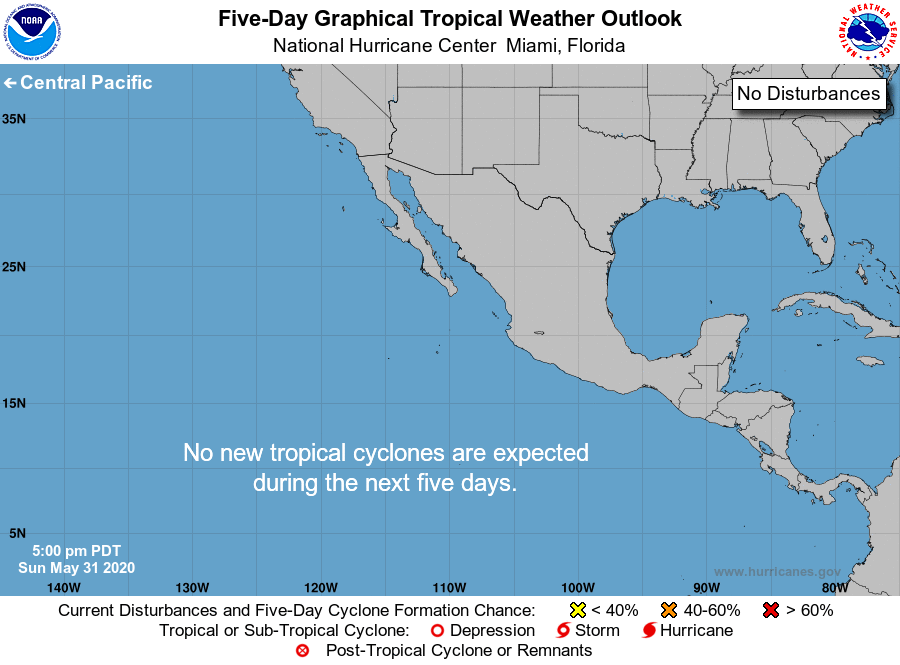
For the eastern North Pacific...east of 140 degrees west longitude:

The National Hurricane Center has issued its last advisory on the remnants of Amanda, located inland over Guatemala.

Tropical cyclone formation is not expected during the next 5 days.

Forecaster Zelinsky